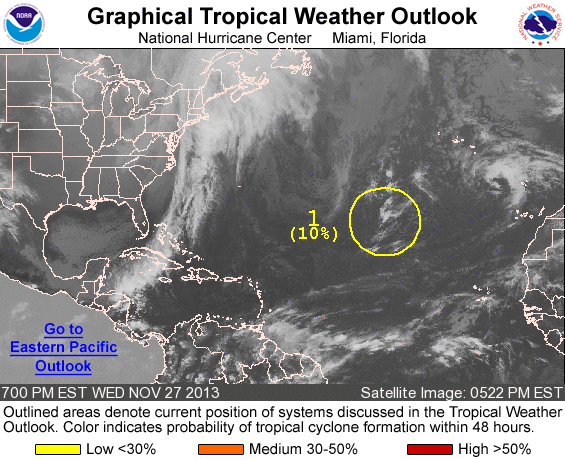
FOR THE NORTH ATLANTIC...CARIBBEAN SEA AND THE GULF OF MEXICO...

1. A NON-TROPICAL LOW IS FORECAST TO FORM IN THE NORTHEASTERN ATLANTIC DURING THE NEXT COUPLE OF DAYS...AND THIS LOW COULD GRADUALLY ACQUIRE SUBTROPICAL CHARACTERISTICS DURING THE WEEKEND AS THE LOW MOVES NORTHEASTWARD. THIS SYSTEM HAS A LOW CHANCE...10 PERCENT...OF BECOMING A SUBTROPICAL OR TROPICAL CYCLONE DURING THE 48 HOURS... AND A LOW CHANCE...20 PERCENT...OF BECOMING A SUBTROPICAL OR TROPICAL CYCLONE DURING THE NEXT FIVE DAYS.

FIVE-DAY FORMATION PROBABILITIES ARE EXPERIMENTAL IN 2013. COMMENTS ON THE EXPERIMENTAL FORECASTS CAN BE PROVIDED AT...

HTTP://WWW.NWS.NOAA.GOV/SURVEY/NWS-SURVEY.PHP?CODE=ETWO

FORECASTER AVILA